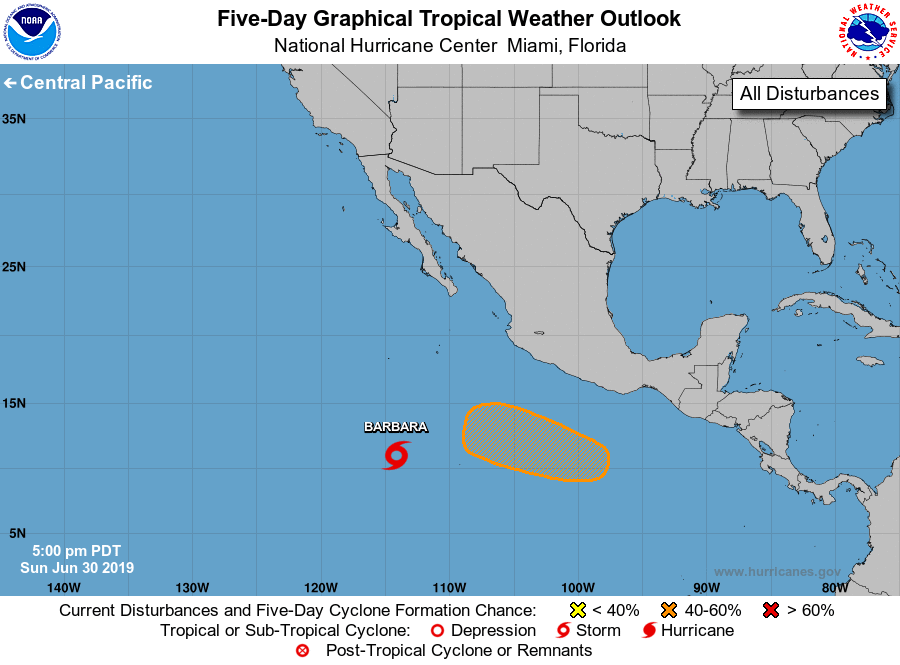
For the eastern North Pacific...east of 140 degrees west longitude:

The National Hurricane Center is issuing advisories on Tropical Storm Barbara, located several hundred miles south of the southern tip of the Baja California peninsula.

1. An area of low pressure is expected to form by the middle of next week several hundred miles south of the southern coast of Mexico. Conditions appear favorable for gradual development of this system while it moves westward to west-northwestward.
* Formation chance through 48 hours...low...near 0 percent.
* Formation chance through 5 days...medium...60 percent.

Public Advisories on Tropical Storm Barbara are issued under WMO header WTPZ32 KNHC and under AWIPS header MIATCPEP2. Forecast/Advisories on Tropical Storm Barbara are issued under WMO header WTPZ22 KNHC and under AWIPS header MIATCMEP2.

Forecaster Stewart